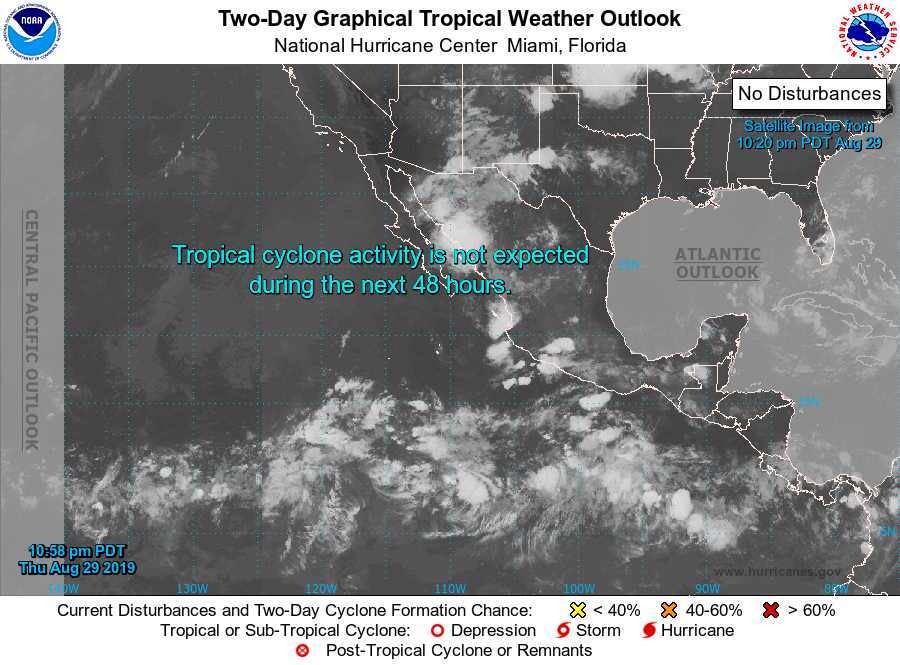
For the eastern North Pacific...east of 140 degrees west longitude:

1. A low pressure area is expected to form by early next week several hundred miles southwest of the southern tip of the Baja California peninsula. Some subsequent development of this system is possible as it moves generally west-northwestward.
* Formation chance through 48 hours...low...near 0 percent.
* Formation chance through 5 days...low...20 percent.

Tropical cyclone formation is not expected during the next 5 days.

Forecaster Beven